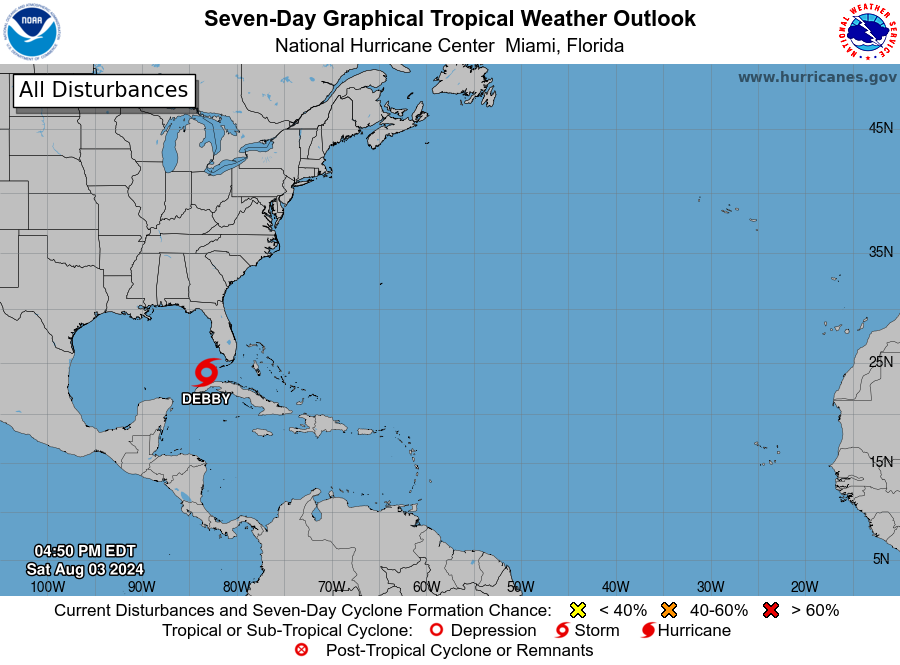
For the North Atlantic...Caribbean Sea and the Gulf of Mexico:

Active Systems: The National Hurricane Center is issuing advisories on Tropical Depression Four, located near the western coast of Cuba.

Tropical cyclone formation is not expected during the next 7 days.

Forecaster Papin